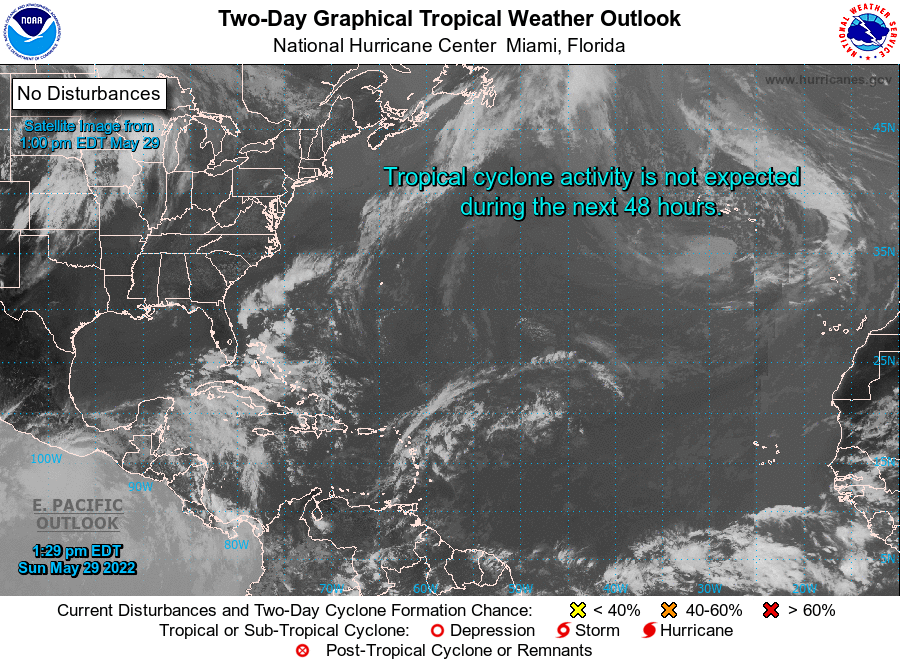
For the North Atlantic...Caribbean Sea and the Gulf of Mexico:

1. Yucatan Peninsula and Northwest Caribbean Sea: A broad area of low pressure is forecast to form near the Yucatan Peninsula or the northwestern Caribbean Sea around the middle of the week. Some gradual development of this system is possible thereafter while it drifts generally eastward or northeastward.
* Formation chance through 48 hours...low...near 0 percent.
* Formation chance through 5 days...low...30 percent.

Forecaster Brown